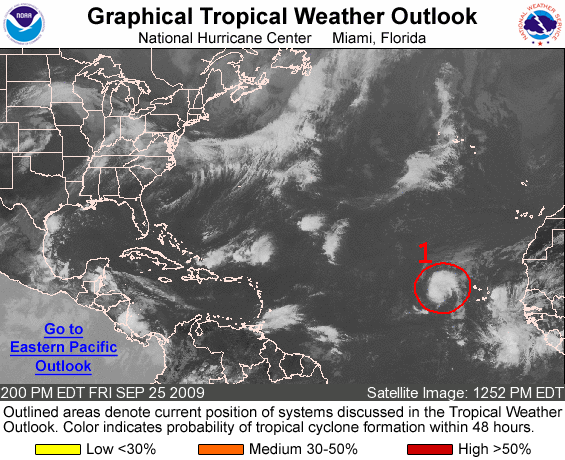
FOR THE NORTH ATLANTIC...CARIBBEAN SEA AND THE GULF OF MEXICO...

1. SHOWER ACTIVITY ASSOCIATED WITH A TROPICAL WAVE LOCATED ABOUT 400 MILES WEST OF THE CAPE VERDE ISLANDS HAS CONTINUED TO BECOME BETTER ORGANIZED. A TROPICAL DEPRESSION COULD FORM IN THIS AREA DURING THE NEXT 24 HOURS BEFORE UPPER-LEVEL WINDS BECOME LESS CONDUCIVE. THERE IS A HIGH CHANCE...GREATER THAN 50 PERCENT...OF THIS SYSTEM BECOMING A TROPICAL CYCLONE DURING THE NEXT 48 HOURS.

ELSEWHERE...TROPICAL CYCLONE FORMATION IS NOT EXPECTED DURING THE NEXT 48 HOURS.

FORECASTER BEVEN